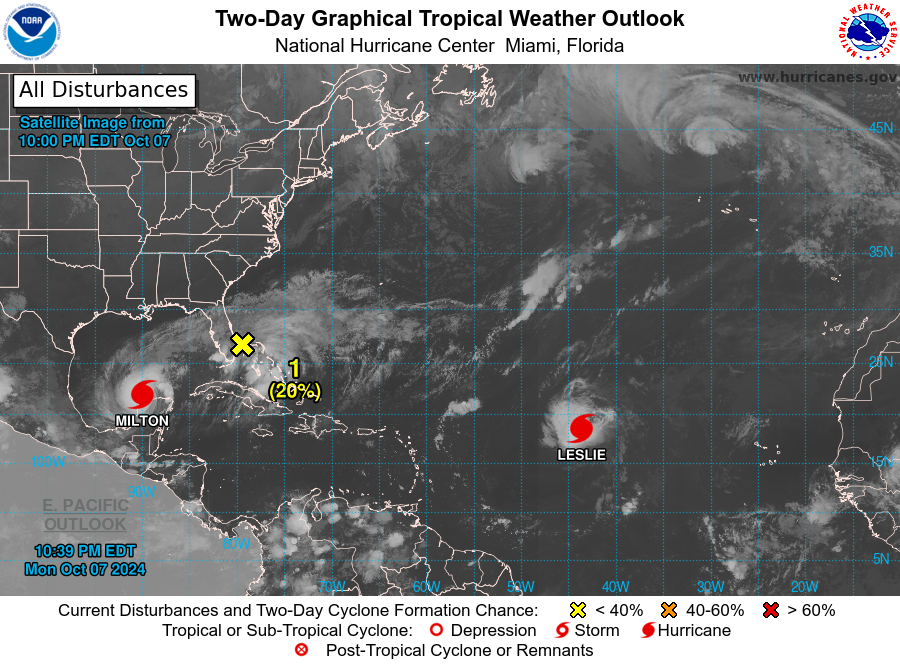
For the North Atlantic...Caribbean Sea and the Gulf of Mexico:

Active Systems: The National Hurricane Center is issuing advisories on Hurricane Leslie, located over the central tropical Atlantic Ocean, and on Hurricane Milton, located over the southwestern Gulf of Mexico.

1. Southwestern Atlantic: An elongated area of low pressure located across portions of South Florida, the Florida Straits, and the northwestern Bahamas is expected to move northeastward into the southwestern Atlantic by tomorrow. Some additional tropical or subtropical development is possible while the low moves northeastward to east-northeastward around 15 mph. However, upper-level winds are likely to increase by Wednesday, which should limit any further development after that time.
* Formation chance through 48 hours...low...20 percent.
* Formation chance through 7 days...low...20 percent.

2. Far Eastern Tropical Atlantic: A tropical wave is expected to move off the west coast of Africa in a couple days. Afterward, environmental conditions appear only marginally favorable for some limited development of this system while it moves westward or west-northwestward across the eastern tropical Atlantic, crossing the Cabo Verde Islands on Thursday or early Friday.
* Formation chance through 48 hours...low...near 0 percent.
* Formation chance through 7 days...low...20 percent.

Forecaster Papin